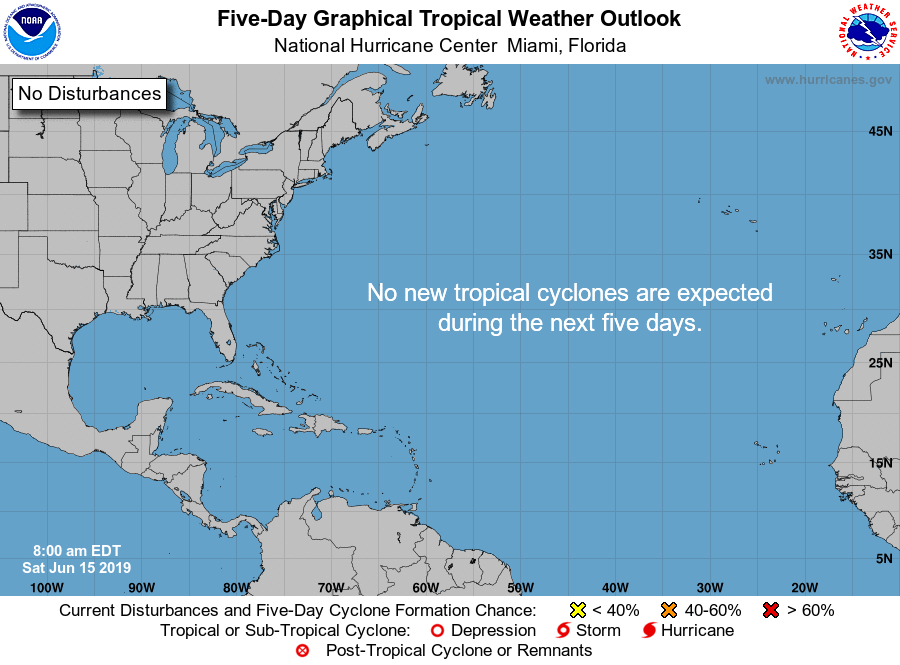
For the North Atlantic...Caribbean Sea and the Gulf of Mexico:

Tropical cyclone formation is not expected during the next 5 days.

Forecaster Stewart